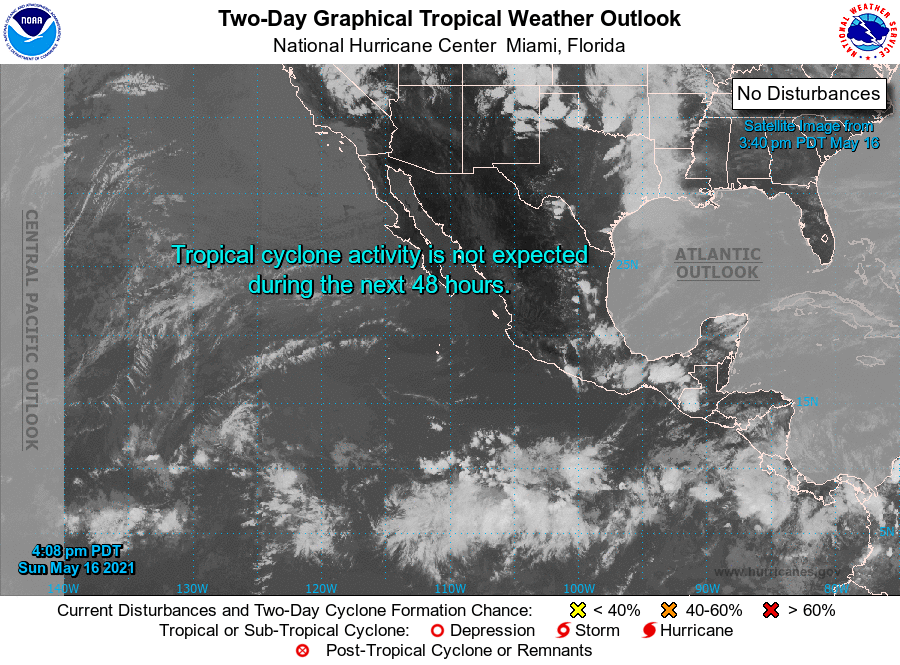
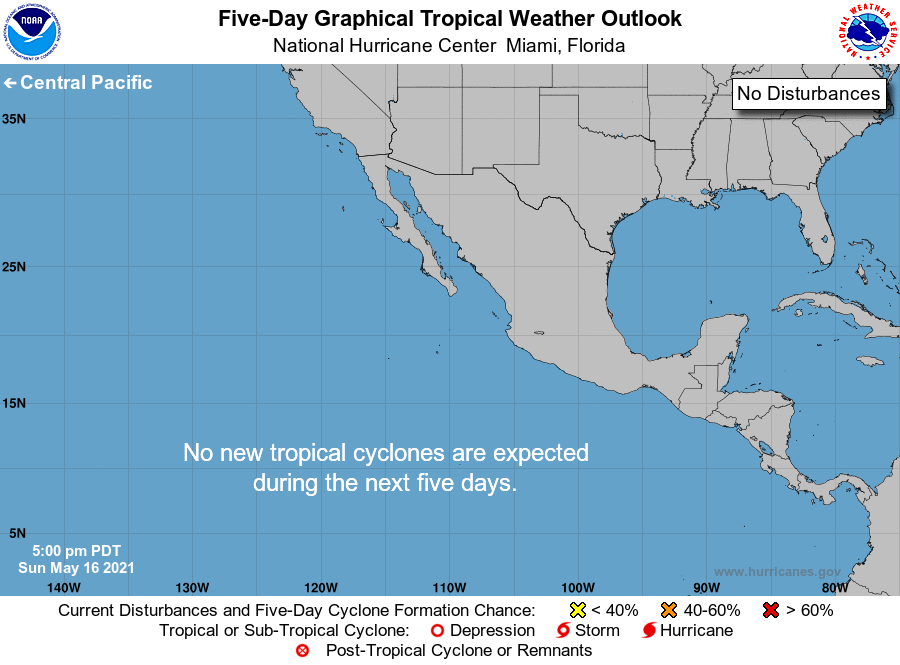
For the eastern North Pacific...east of 140 degrees west longitude:

Tropical cyclone formation is not expected during the next 5 days.

Forecaster Papin/Stewart